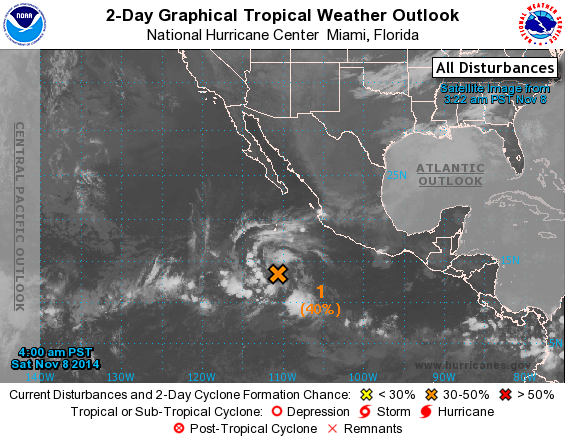
For the eastern North Pacific...east of 140 degrees west longitude:

1. Shower and thunderstorm activity associated with a low pressure system located several hundred miles southwest of Manzanillo, Mexico, has changed little in organization during the past several hours. Environmental conditions are expected to be conducive for development of this disturbance over the weekend while it moves generally northwestward to northward at 10 to 15 mph. By Monday evening, however, upper-level winds are forecast to become unfavorable for development.
* Formation chance through 48 hours...medium...40 percent.
* Formation chance through 5 days...medium...50 percent.

Forecaster Beven